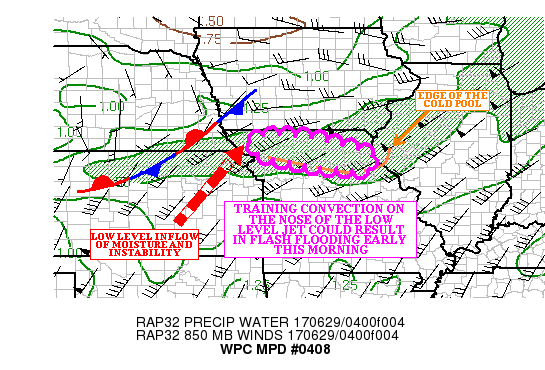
AREAS AFFECTED...NORTHERN MO

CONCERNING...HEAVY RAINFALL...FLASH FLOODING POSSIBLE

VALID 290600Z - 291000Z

SUMMARY...CONVECTION TRAINING ALONG THE WESTERN EDGE OF AN
ESTABLISHED COLD POOL WILL FEED ON INSTABILITY AND MOISTURE ON A
LOW LEVEL FLOW...WHICH COULD RESULT IN FLASH FLOOD THROUGH THE
EARLY MORNING HOURS.

DISCUSSION...THE LATEST EXPERIMENTAL GOES-16 CLEAN IR IMAGES
SHOWED BURSTS OF COLD TOPS ON THEW WESTERN EDGE OF A WELL
ESTABLISHED COOL POOL EXTENDING FROM NORTHWEST INTO CENTRAL MO.
THE BURSTS OF CONVECTION ARE FORMING ON THE NOSE OF A 30 TO 40
KNOT LOW LEVEL SOUTHWEST FLOW (PER RECENT REGIONAL VWP)...AS THE
LOW LEVEL JET FEEDS 1000-1500 J/KG OF MLCAPE INTO FAR NORTHWEST
MO.

THE CONVECTION IS ALSO FEEDING ON AN AXIS OF 1.80 INCH
PRECIPITABLE WATER (PER THE LATEST BLENDED TPW IMAGES). THE KEAX
RADAR SHOWED HOURLY RAINFALL RATES NEAR 2.00 INCHES OVER PORTIONS
OF NODAWAY COUNTY IN NORTHWEST MO...BUT DRY AIR AHEAD OF A WEAK
SHORT WAVE OVER NORTHWEST IA (AS WELL AS STEEPENING MID LEVEL
LAPSE RATES) COULD BE FOSTERING HAIL GROWTH. THE HAIL SIGNATURE
(CLEARLY SEEN ON THE KEAX HCA PRODUCT) COULD BE INFLATING THE
HOURLY RAINFALL RATES.

WHILE THE PROPAGATION VECTORS SUGGEST THAT THE EASTERN PORTION OF
THE COLD POOL SHOULD CONTINUE TO MOVE SOUTHEAST ACROSS NORTHERN
MO...THE WESTERN EDGE OF THE COLD POOL IS EXPECTED TO MOVE MUCH
MORE SLOWLY. CONVECTION FORMING ON THE WESTERN EDGE OF THE COLD
POOL IS EXPECTED TO TRAIN OVER PORTIONS OF NORTHERN MO THROUGH
ABOUT 10Z.

THERE WAS A DECENT SIGNAL IN THE HIGH RESOLUTION GUIDANCE FOR
LOCAL 2-4 INCH RAINFALL AMOUNTS OVER NORTHERN MO...AND THESE
AMOUNTS SEEM PLAUSIBLE WHERE TRAINING OCCURS. AS THE LOW LEVEL JET
WEAKENS TOWARD 10Z...THE THREAT FOR FLASH FLOODING IS EXPECTED TO
WANE OVER NORTHERN MO.